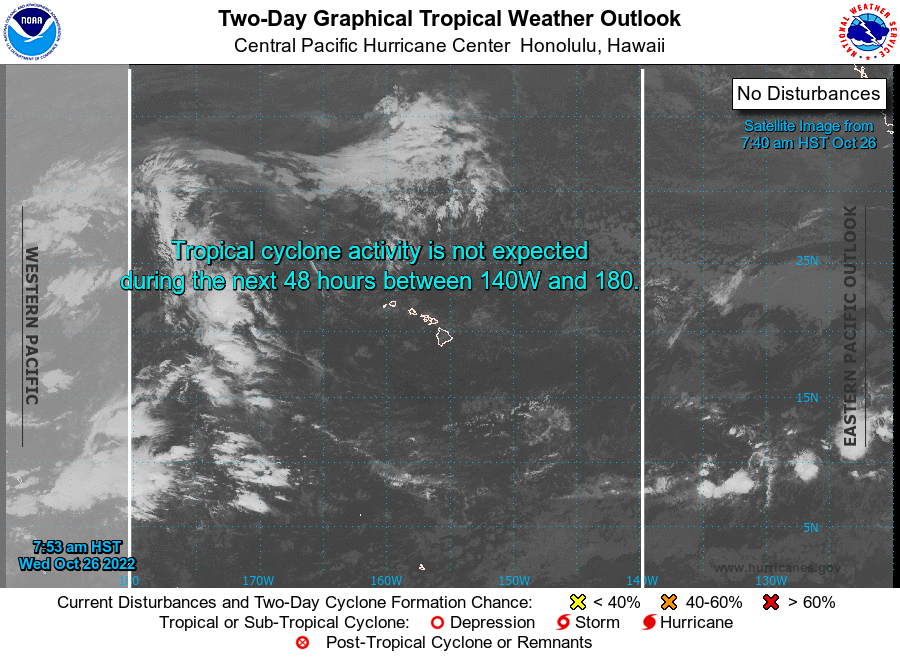
For the central North Pacific...between 140W and 180W:

No tropical cyclones are expected during the next 5 days.

Forecaster Burke